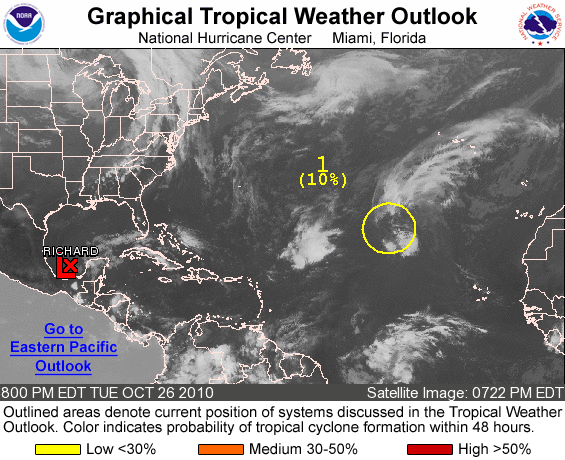
FOR THE NORTH ATLANTIC...CARIBBEAN SEA AND THE GULF OF MEXICO...

1. SHOWERS AND THUNDERSTORMS ASSOCIATED WITH A LOW PRESSURE AREA CENTERED ABOUT 1200 MILES NORTHWEST OF THE NORTHERNMOST CAPE VERDE ISLANDS REMAIN DISORGANIZED. UPPER-LEVEL WINDS ARE EXPECTED TO BECOME LESS CONDUCIVE FOR DEVELOPMENT OF THIS DISTURBANCE DURING THE NEXT DAY OR SO. THERE IS A LOW CHANCE...10 PERCENT...OF THIS SYSTEM BECOMING A SUBTROPICAL OR TROPICAL CYCLONE DURING THE NEXT 48 HOURS AS IT DRIFTS NORTHWESTWARD AT 5 MPH OR LESS.

ELSEWHERE...TROPICAL CYCLONE FORMATION IS NOT EXPECTED DURING THE NEXT 48 HOURS.

FORECASTER BROWN